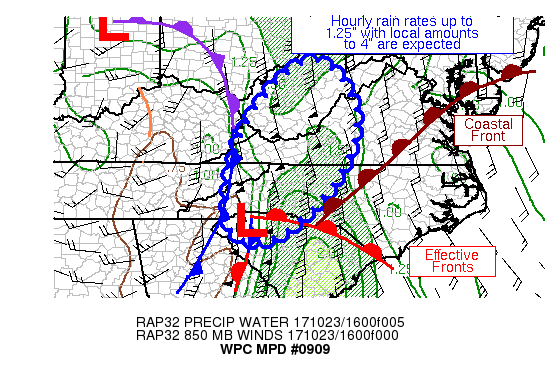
AREAS AFFECTED...SOUTHERN & CENTRAL APPALACHIANS

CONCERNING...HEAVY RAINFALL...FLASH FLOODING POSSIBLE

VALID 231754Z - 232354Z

SUMMARY...SHOWERS AND THUNDERSTORMS ARE EXPECTED TO SPREAD UP
TOWARDS THE CENTRAL APPALACHIANS WITH TIME.  HOURLY RAIN TOTALS UP
TO

DISCUSSION...AN UPPER LOW MOVING ACROSS SOUTHERN TN IS EMBEDDED
WITHIN A NEGATIVELY TILTED TROUGH WHICH IS LEADING TO SIGNIFICANT
DIVERGENCE ALOFT ACROSS THE REGION.  ALONG WITH INCREASING
INSTABILITY ACROSS SC, THUNDERSTORMS HAVE BEEN INCREASING IN
NUMBER ACROSS THE WESTERN CAROLINAS.  RADAR ESTIMATES AND
MESOSCALE OBSERVATIONS HAVE SAMPLED HOURLY RAIN TOTALS TO JUST
ABOVE 1" IN THE RECENT ACTIVITY IN SOUTHWEST NC.  PRECIPITABLE
WATER VALUES ARE 1.75-2" PER GPS VALUES -- UP TO THREE SIGMAS
ABOVE LATE OCTOBER AVERAGES.  INFLOW AT 850 HPA IS CONVERGENT AT
35-50 KTS PER VAD WIND PROFILES, NEAR THE MAGNITUDE OF THE MEAN
850-400 HPA WIND.

BASED ON CURRENT VISIBLE NON-OPERATIONAL GOES-16 VEGGIE BAND
IMAGERY SHOWING BREAKS IN THE CLOUD COVER, INSTABILITY SHOULD
BUILD WITHIN THE PIEDMONT OVER THE NEXT FEW HOURS FROM CENTRAL NC
UP INTO CENTRAL VA.  BOUNDARY LAYER CONVERGENCE IS FORECAST TO
INCREASE AHEAD OF THE NORTHWARD MOVING LOW ACROSS THE WESTERN
CAROLINAS INTO SOUTHWEST VA, WHICH SHOULD HOLD UP CONVECTIVE
PROGRESS IN SOUTHWEST VA AND WV.  RAP GUIDANCE HAS BEEN STRUGGLING
TO CATCH UP TO THE INSTABILITY PRESENT OVER ITS PAST SEVERAL RUNS.
 HOURLY RAIN RATES TO 1.25" ARE POSSIBLE.  THE MESOSCALE GUIDANCE
HAS A STRONG SIGNAL FOR LOCAL AMOUNTS UP TO 4".  WHEN COMBINED
WITH THIS MORNING'S RAINFALL, THIS COULD LEAD TO HEAVY
RAIN-RELATED ISSUES IN RUGGED TOPOGRAPHY AND URBAN AREAS FROM THE
WESTERN CAROLINAS INTO WEST VIRGINIA.